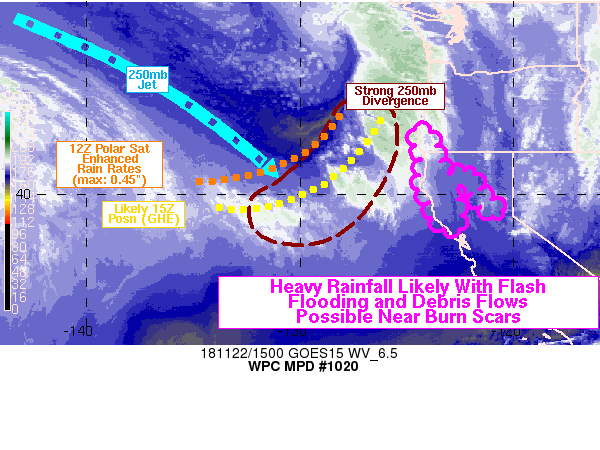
Areas affected...Southwest Oregon; Northern California

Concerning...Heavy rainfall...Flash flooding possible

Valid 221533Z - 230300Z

Summary...Heavy rain bands are likely to arrive on the coast of
southern Oregon and northern California late this morning or
around midday, and then affect the region into the afternoon. Rain
rates in excess of 0.5 in/hr are expected in the heaviest rain
bands, and much of that rain may fall in short bursts of only
15-30 minutes in duration. This could lead to flash flooding and
debris flows in the vicinity of burn scars, with localized runoff
issues elsewhere.

Discussion...GOES-17 water vapor channels and Air Mass RGB
composite show a digging PV anomaly approaching the West Coast,
evident in water vapor imagery as a dry stratospheric intrusion
around 43N/128W. This PV anomaly was situated in the left exit
region of a strong upper level jet streak and there was associated
strong upper level divergence just downstream. Evidence of strong
divergence existed in the satellite imagery with an arcing band of
cold cloud tops, and GOES derived motion winds highlighted this
well. Within the region of strong divergence, recent
polar-orbiting satellite passes have detected an increase in heavy
rain offshore with microwave instruments. The blended rain rate
product has shown offshore rain rates as high as 0.45 in/hr, with
numerous instances of 0.25 in/hr. These rain rates could easily be
doubled once the rain bands reach the coast and orographic
enhancement begins. Therefore, it seems reasonable to expect 0.5
in/hr rain rates with localized rates up to 1.0 in/hr in southwest
Oregon and northern California in favored upslope regions.

RAP forecast 850mb winds are fairly strong (55-65 knots), with a
narrow low-level jet impinging on the coast between 18-21Z.
However, the orientation of the LLJ will have a significant
southerly component, so orographic ascent may be focused more
substantially on NW-SE oriented terrain features. The strong LLJ
will be combined with PWs perhaps approaching 1 inch along the
immediate coast, and reaching 0.8 inches in the upslope regions
slightly further inland. There may be small amounts of instability
available for some convective banding, as the 12Z MFR sounding
showed 850-500mb lapse rates on the order of 6.8 C/km. This is
likely to lead to some narrow bands of heavier rainfall, and may
focus 0.5+ inch amounts into small time windows of 15-30 minutes.
Indeed, the HRRR shows this potential with narrow but fairly
progressive rain bands with high reflectivity and over 0.5 inches
of QPF. This will lead to concern for flash flooding and
significant debris flows in the vicinity of burn scars across the
region. The greatest concern initially (18-23Z) will be for the
burn scars in the Klamath Mountains near the CA-OR border region,
and the timing from the HRRR has become progressively earlier in
recent runs. Late in the afternoon and into the evening (22Z or
later), the concern would spread further down into the coastal
ranges of Northern California, and into the northern Sierras.